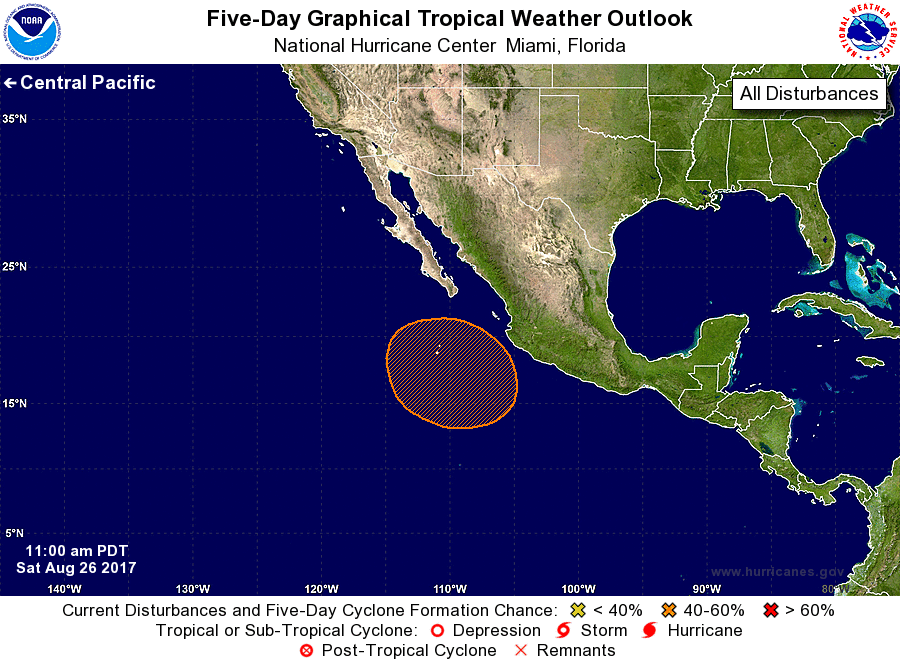
For the eastern North Pacific...east of 140 degrees west longitude:

1. An area of low pressure is expected to develop a few hundred miles south or southeast of the southern tip of Baja California during the next couple of days. Environmental conditions appear conducive for gradual development of this system, and a tropical depression could form by midweek while the system moves northwestward.
* Formation chance through 48 hours...low...near 0 percent.
* Formation chance through 5 days...medium...60 percent.

Forecaster Brown